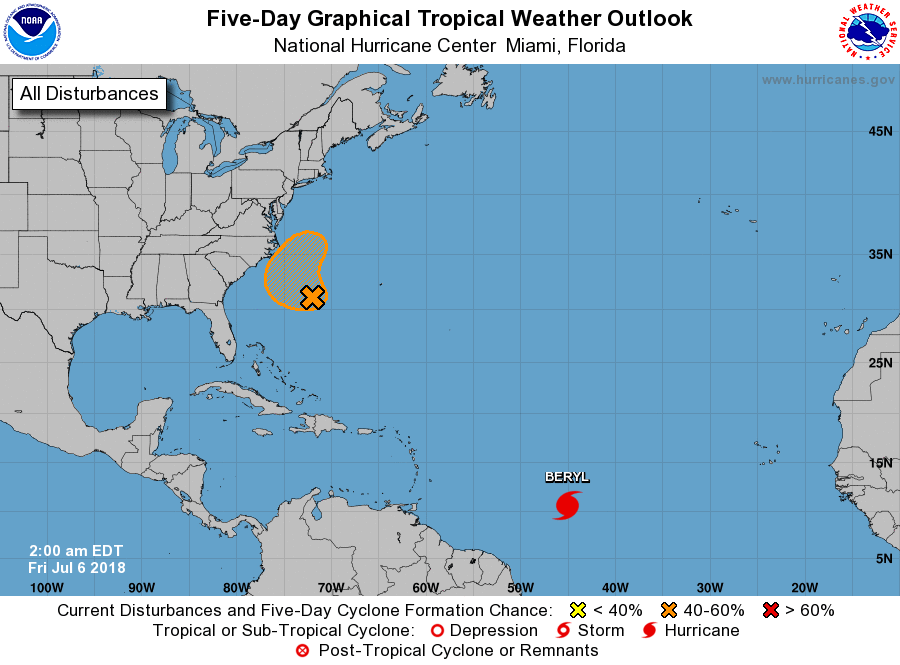
For the North Atlantic...Caribbean Sea and the Gulf of Mexico:

The National Hurricane Center is issuing advisories on Tropical Storm Beryl, located over the central tropical Atlantic Ocean more than a thousand miles east-southeast of the Lesser Antilles.

1. A well-defined low pressure system located about midway between the southeastern United States and Bermuda is producing disorganized showers and a few thunderstorms. Environmental conditions appear conducive for some gradual development during the next couple of days while the system moves slowly northwestward then northward off the coast of North Carolina. Although the system is forecast to interact with a frontal zone early next week, it could linger off the southeast U.S. coast where some additional development is possible.
* Formation chance through 48 hours...medium...40 percent.
* Formation chance through 5 days...medium...50 percent.

Public Advisories on Tropical Storm Beryl are issued under WMO header WTNT32 KNHC and under AWIPS header MIATCPAT2. Forecast/Advisories on Tropical Storm Beryl are issued under WMO header WTNT22 KNHC and under AWIPS header MIATCMAT2.

Forecaster Brown